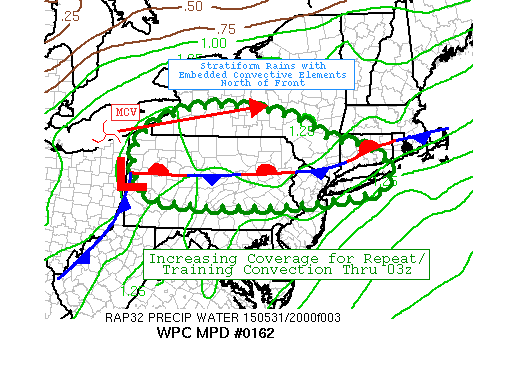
AREAS AFFECTED...NORTHERN PENNSYLVANIA...SOUTHERN NEW
YORK...NORTHERN NEW JERSEY...CONNECTICUT

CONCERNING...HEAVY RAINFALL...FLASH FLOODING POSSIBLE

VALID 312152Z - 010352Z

SUMMARY...SMALL SCALE POCKETS OF HEAVY RAINFALL WITH SOME ISOLATED
FLOODING CONCERNS IN THE NEAR TERM...WITH INCREASING COVERAGE AND
GENERAL EASTWARD PROGRESSION...REPEAT TRACKS COULD INCREASE AREAL
COVERAGE OF FLASH FLOODING THREATS BY 03Z.

DISCUSSION...PER 1842Z SPENES AND RECENT ANALYSIS FIELDS...FRONTAL
BOUNDARY DRAPED ACROSS PENNSYLVANIA INTO SOUTHERN NEW ENGLAND HAS
ACTED AS A DIFFERENTIATING BOUNDARY BETWEEN DEEP CONVECTIVE
ELEMENTS WITH TOTAL PWATS IN THE RANGE OF 1.5-1.6" ALLOWING FOR
SOME ISOLATED FLASH FLOODING CONCERNS WITH RATES IN THE 1.5-2"/HR
RANGE...THIS THREAT CONTINUES FURTHER EAST ACROSS LONG ISLAND AND
CONNECTICUT IN THE SHORTER TERM.
IN FURTHER COORDINATION WITH NESDIS SATELLITE METEOROLOGIST AND
GIVEN INCREASED COVERAGE OF COLD TOPPED CONVECTION ALONG THE
FRONTAL BOUNDARY...AREAL THREAT OF FLASH FLOODING WILL INCREASE
OVER THE NEXT 6 HOURS ACROSS THE DISCUSSION AREA WITH REPEAT
TRACKS OF CONVECTION.

THE MCV ACROSS LAKE ERIE WILL CONTINUE TO ADVANCE ALONG THE
FRONTAL BOUNDARY WHILE STRENGTHENING AND FOCUSING THE LOW LEVEL
FLOW FROM THE SOUTH TO GREATER THAN 35 KTS IN A NARROWLY FOCUSED
JET  PRECEDING THE SURFACE LOW.  THIS SHOULD ACT AS THE CATALYST
TO ADVECT UNTAPPED INSTABILITIES AND MOISTURE ACROSS MID-ATLANTIC
TO ALLOW FOR CONTINUED CONVECTION ALONG THE DRAPING COLD FRONT FOR
CONVECTION WITH AN ADDITIONAL 1-2" TOTALS COMPOUNDING TO THE 1-3"
TOTALS LAID DOWN BY THESE PRIOR BANDS/CLUSTERS...INCREASING THE
COVERAGE FOR POTENTIAL FLASH FLOODING CONDITIONS.

ADDITIONALLY...STRONG ISENTROPIC LIFT OVER THE BOUNDARY WILL
INCREASE STRATIFORM RAINS WITH SOME EMBEDDED CONVECTIVE ELEMENTS
NORTH OF THE FRONT INTO SOUTHERN NEW YORK. THOUGH NOT LIKELY
LEADING TO FLASH FLOODING...THIS COULD BE MORE PROLONGED IN
DURATION FOR LONGER TERM FLOODING CONCERNS.